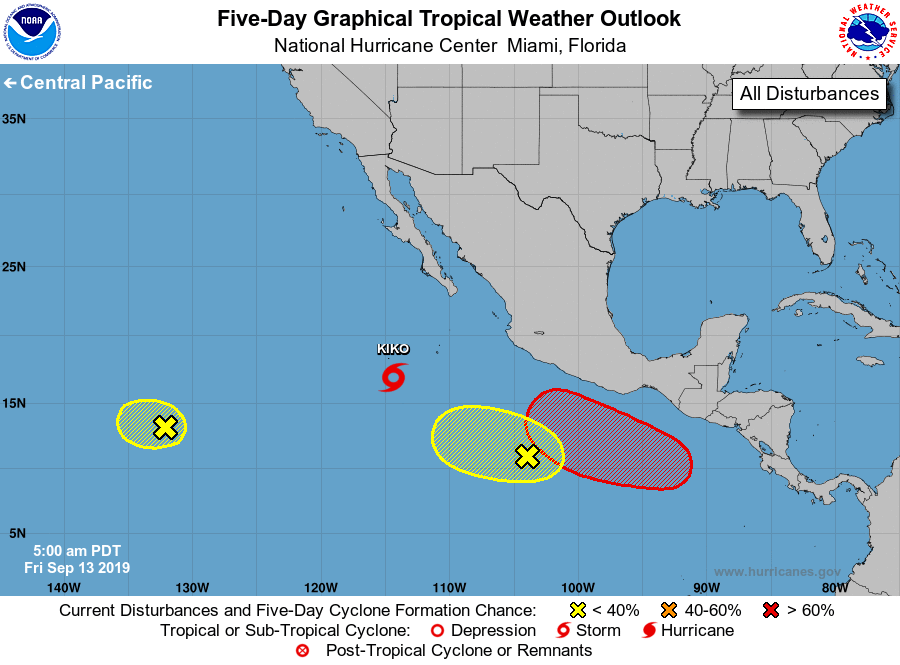
For the eastern North Pacific...east of 140 degrees west longitude:

The National Hurricane Center is issuing advisories on Tropical Storm Kiko, located several hundred miles south-southwest of the southern tip of the Baja California peninsula.

1. Disorganized showers and thunderstorms located about 1600 miles west-southwest of the southern tip of the Baja California peninsula are associated with a tropical wave. Only some slight development is expected over the next couple of days before environmental conditions become unfavorable for development.
* Formation chance through 48 hours...low...10 percent.
* Formation chance through 5 days...low...10 percent.

2. Another tropical wave located several hundred miles south-southwest of Acapulco, Mexico, is also producing disorganized showers and thunderstorms, mainly to the west of the wave axis. Some slow development is possible into next week while the system moves generally westward at 5 to 10 mph.
* Formation chance through 48 hours...low...10 percent.
* Formation chance through 5 days...low...30 percent.

3. An area of low pressure is expected to form west of the coast of Central America over the weekend. Environmental conditions are forecast to be conducive for development, and a tropical depression will likely form by the middle of next week while the system moves west-northwestward parallel to the coast of Mexico.
* Formation chance through 48 hours...low...near 0 percent.
* Formation chance through 5 days...high...70 percent.

Public Advisories on Kiko are issued under WMO header WTPZ33 KNHC and under AWIPS header MIATCPEP3. Forecast/Advisories on Kiko are issued under WMO header WTPZ23 KNHC and under AWIPS header MIATCMEP3.

Forecaster Latto